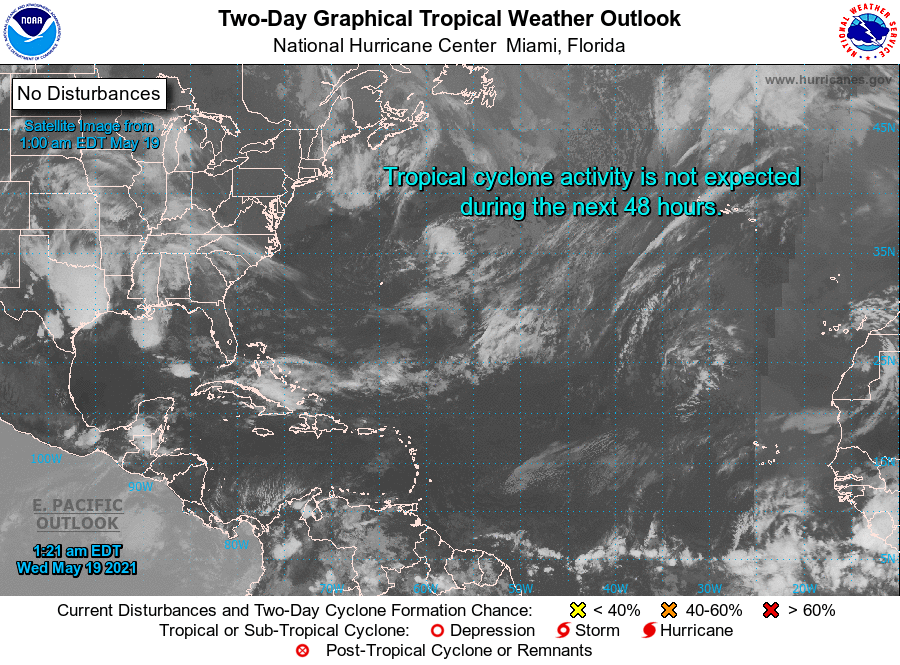
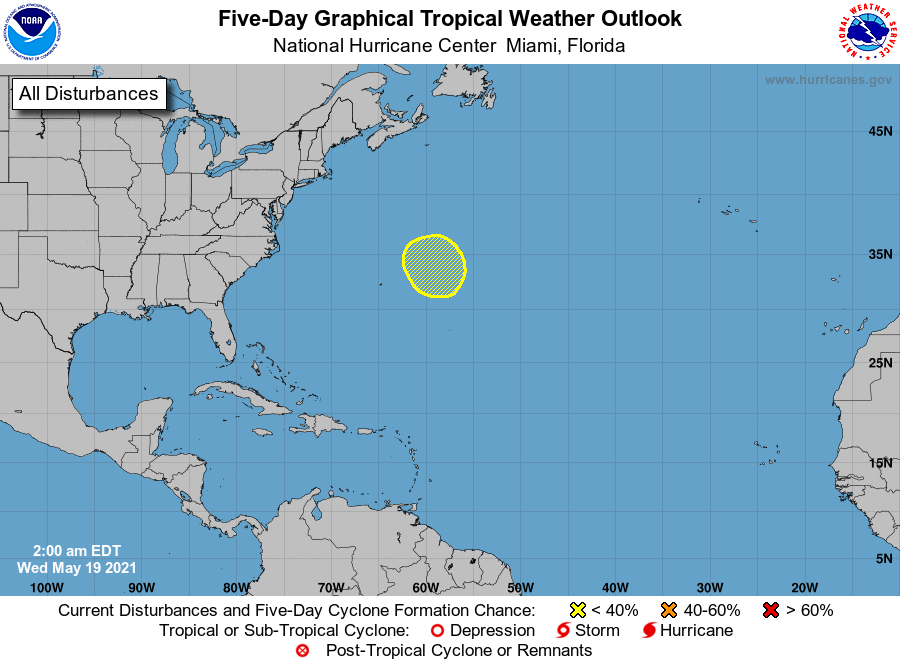
For the North Atlantic...Caribbean Sea and the Gulf of Mexico:

1. A non-tropical low pressure system is forecast to develop a few miles northeast of Bermuda by late Thursday or early Friday. The low is then expected to move southwestward over warmer water on Friday and possibly acquire subtropical characteristics before the system lifts out toward the north and northeast on Saturday and Sunday.
* Formation chance through 48 hours...low...near 0 percent.
* Formation chance through 5 days...low...20 percent.

Forecaster Stewart